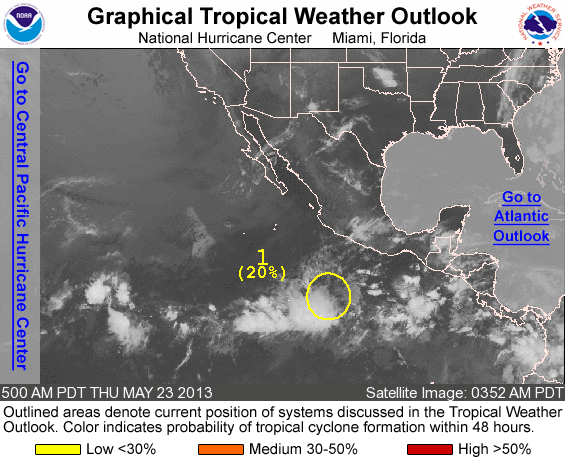
FOR THE EASTERN NORTH PACIFIC...EAST OF 140 DEGREES WEST LONGITUDE..

1. AN AREA OF DISTURBED WEATHER LOCATED ABOUT 475 MILES SOUTH-SOUTHWEST OF ACAPULCO MEXICO HAS CHANGED LITTLE IN ORGANIZATION OVERNIGHT. SOME DEVELOPMENT IS POSSIBLE AS THE DISTURBANCE MOVES SLOWLY TOWARD THE WEST OR WEST-NORTHWEST. THIS SYSTEM HAS A LOW CHANCE...20 PERCENT...OF BECOMING A TROPICAL CYCLONE DURING THE NEXT 48 HOURS.

ELSEWHERE...TROPICAL CYCLONE FORMATION IS NOT EXPECTED DURING THE NEXT 48 HOURS.

FORECASTER STEWART